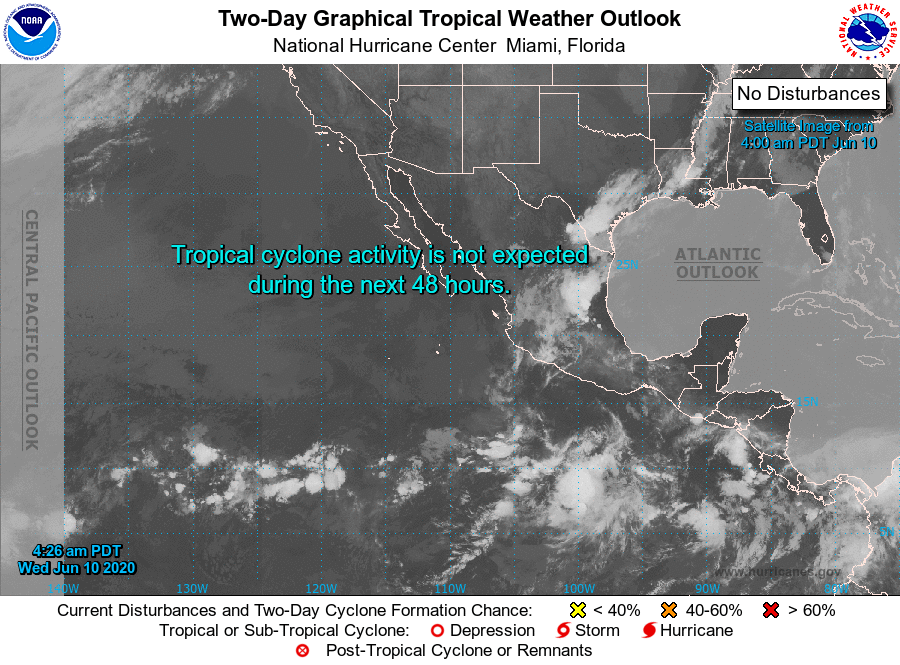
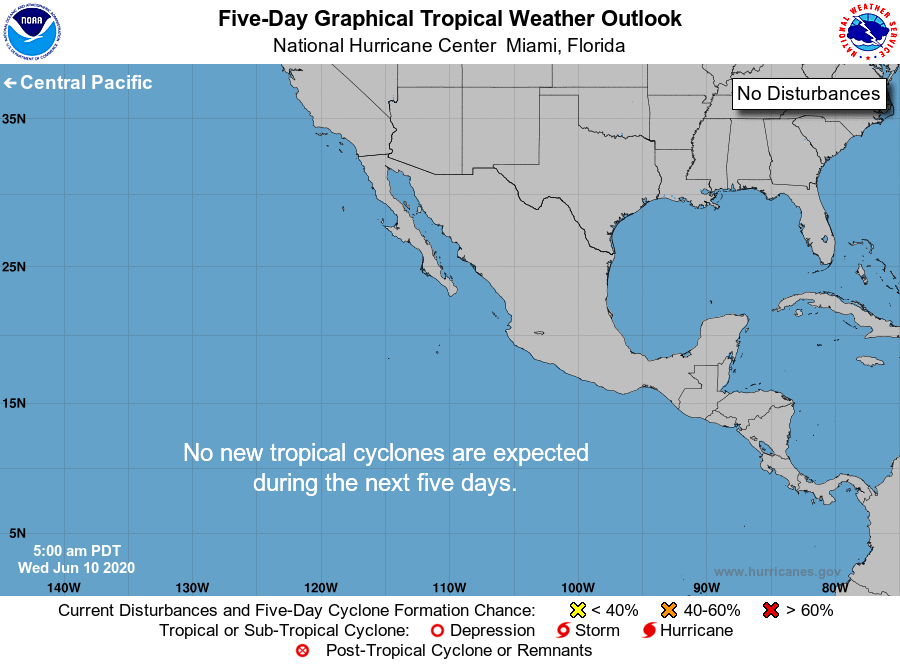
For the eastern North Pacific...east of 140 degrees west longitude:

Tropical cyclone formation is not expected during the next 5 days.

Forecaster Brown